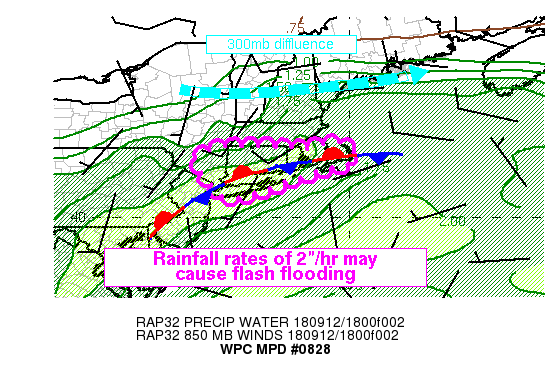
Areas affected...SE NY...Long Island...Southern New England

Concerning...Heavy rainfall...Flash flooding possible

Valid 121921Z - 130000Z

Summary...Showers and thunderstorms with rainfall rates up to
2"/hr will continue along a stationary front this afternoon. Flash
flooding is possible.

Discussion...GOES-16 visible imagery shows a clear demarcation of
clear sky conditions along and south of a surface boundary draped
along the coast from near Philadelphia, PA northeast towards
Chatham, MA. Within this clear area, MLCape has risen to 500-1000
J/kg which has allowed thunderstorms to develop and persist across
the threat area. PWATs across the region are over 2 inches, and
latest 18Z upper air soundings from KOKX have freezing levels
nearing 15 kft, above the 90th percentile for the date. This deep
warm cloud depth and high PWAT is allowing efficient rain
processes, with rainfall rates over 2"/hr estimated recently by
KOKX radar.

Although instability weakens north of the front, warm advection
atop the boundary is driving lift, aided by weak PVA and
diffluence within a 300mb jet entrance region. 18Z soundings from
CHH and OKX have 20kts of 0-6km shear, so multicell development is
possible, which could train thanks to boundary parallel flow and
corfidi vectors aligned with the 0-6km mean wind.

The high res guidance is varied in continuing or intensifying
convection through the remainder of the afternoon, but the
sufficient lift in a very moist environment supports at least a
continuation of a heavy rain threat through this evening. Many
places within the threat area have received 2-4" of rainfall in
the past 24 hours, and these antecedent conditions lead to an
enhanced flash flood threat. An additional 1 to as much as 3
inches of rainfall is possible, and flash flooding will be
possible where rain rates become 2"/hr.